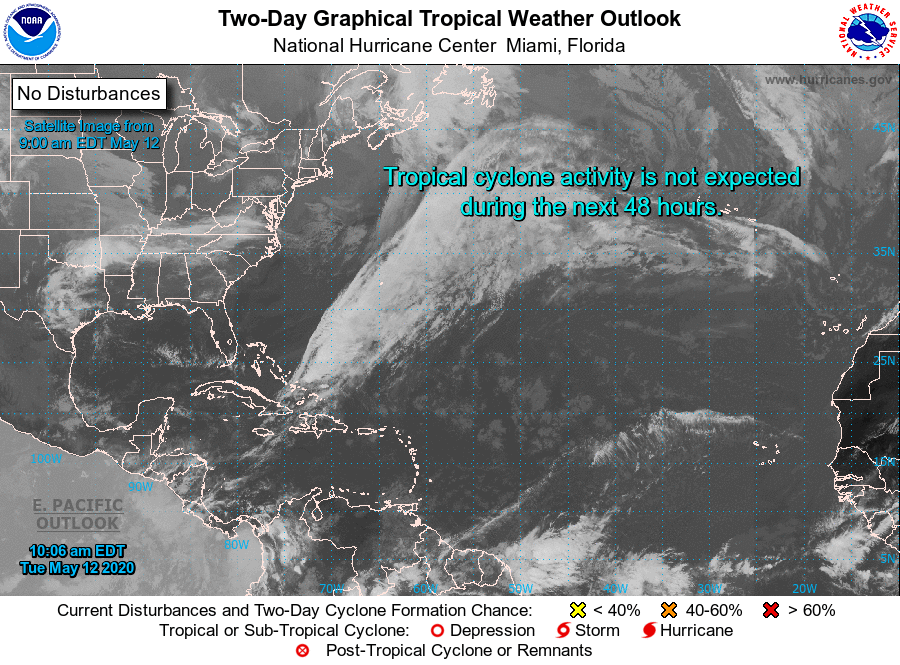
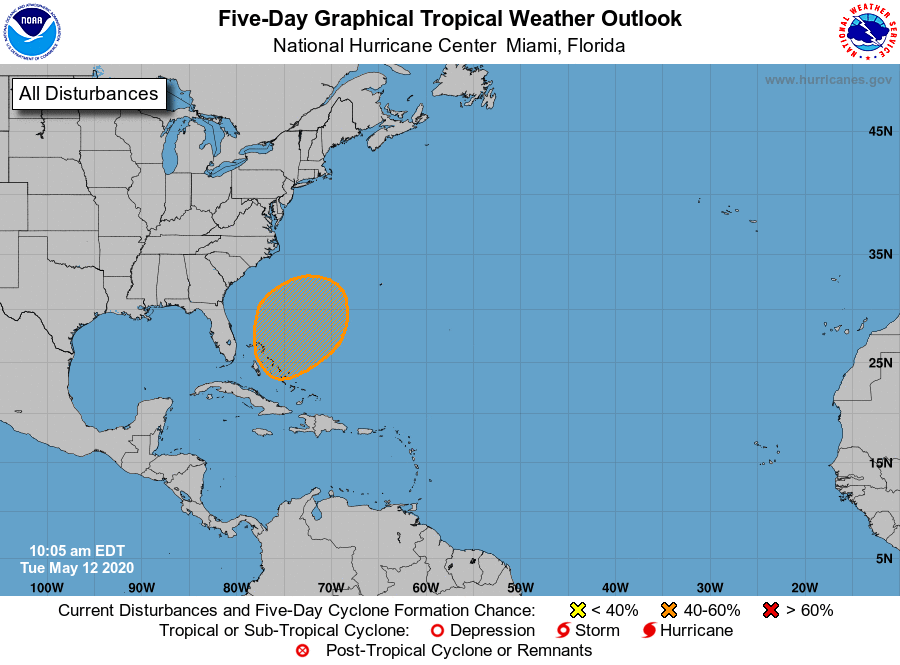
For the North Atlantic...Caribbean Sea and the Gulf of Mexico:

Special Tropical Weather Outlook issued to discuss the potential for subtropical development this weekend northeast of the Bahamas.

1.

1. An area of low pressure is expected to develop this weekend a couple hundred miles northeast of the Bahamas. Environmental conditions appear conducive for this system to acquire some subtropical characteristics as it moves northeastward through Sunday. The next Special Tropical Weather Outlook on this system will be issued by 9 PM EDT Tuesday, or earlier, if necessary.
* Formation chance through 48 hours...low...near 0 percent.
* Formation chance through 5 days...medium...50 percent.

Forecaster Latto